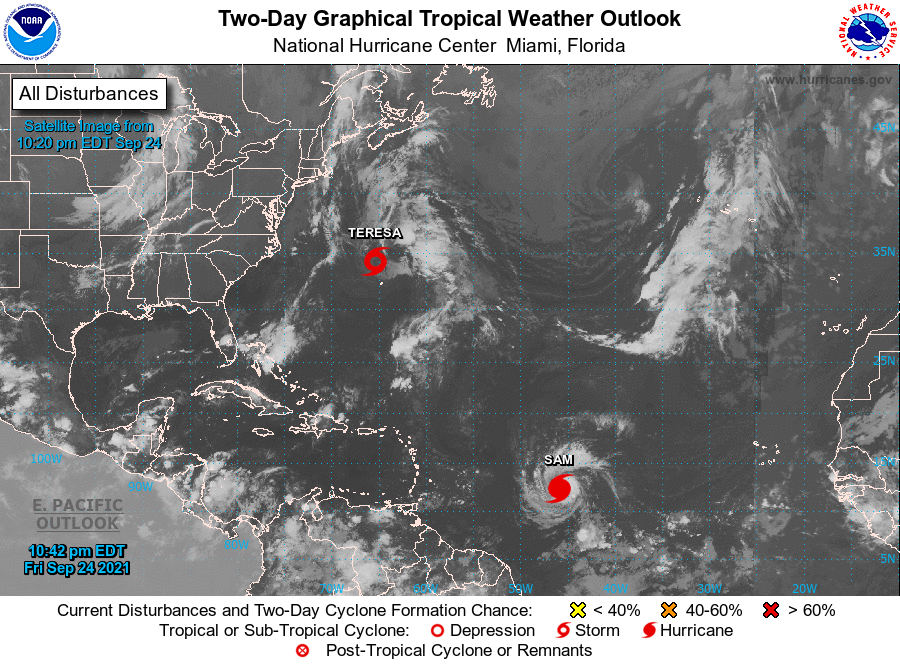
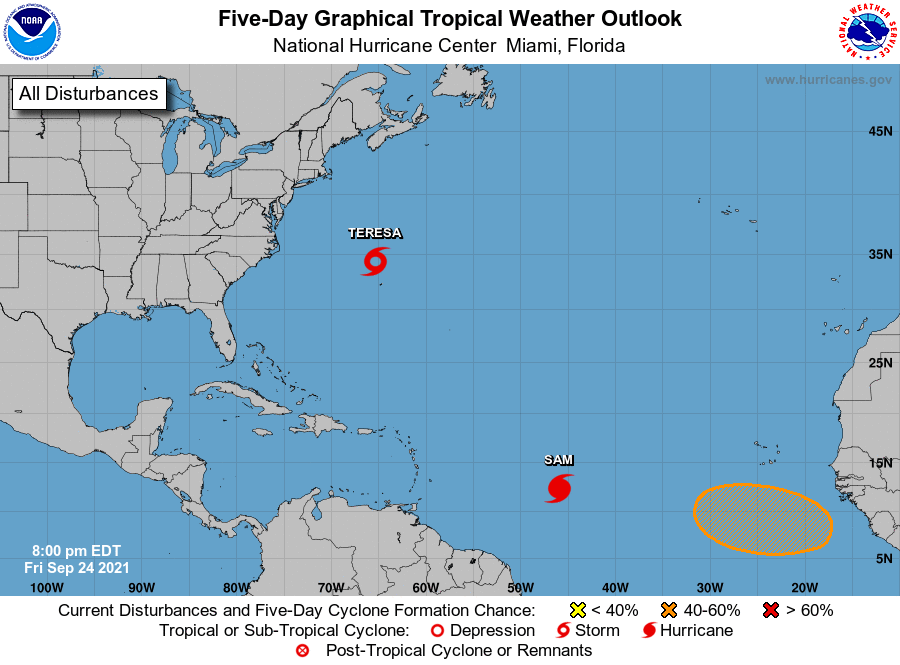
For the North Atlantic...Caribbean Sea and the Gulf of Mexico:

The National Hurricane Center is issuing advisories on Hurricane Sam, located about 1200 miles east-southeast of the northern Leeward Islands, and on newly formed Subtropical Storm Teresa, located about 150 miles north of Bermuda.

1. A tropical wave is expected to move off the west coast of Africa early next week. Thereafter, environmental conditions are forecast to be conducive for gradual development, and a tropical depression could form by the middle of next week while the system moves westward at 10 to 15 mph over the far eastern tropical Atlantic.
* Formation chance through 48 hours...low...near 0 percent.
* Formation chance through 5 days...medium...50 percent.

Public Advisories on Subtropical Storm Teresa are issued under WMO header WTNT34 KNHC and under AWIPS header MIATCPAT4. Forecast/Advisories on Subtropical Storm Teresa are issued under WMO header WTNT24 KNHC and under AWIPS header MIATCMAT4.

Forecaster Berg